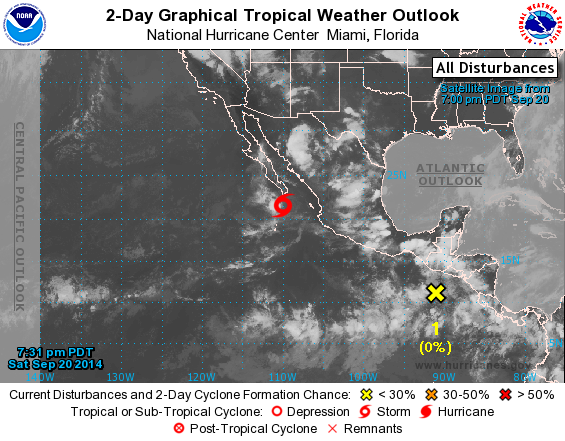
For the eastern North Pacific...east of 140 degrees west longitude:

The National Hurricane Center is issuing advisories on Tropical Storm Polo, located about a hundred miles south of the southern tip of the Baja California peninsula.

1. An area of disturbed weather located a couple hundred miles south of the coast of Guatemala is producing disorganized showers and thunderstorms. Environmental conditions are expected to become conducive for gradual development of this system during the next several days while it moves slowly westward or west-northwestward.
* Formation chance through 48 hours...low...near 0 percent.
* Formation chance through 5 days...medium...30 percent.

Forecaster Brennan